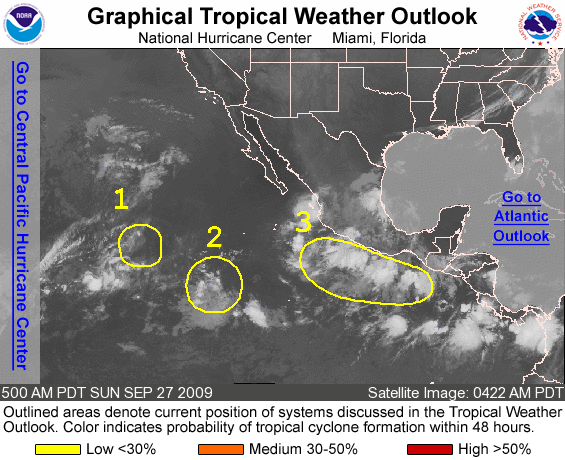
FOR THE EASTERN NORTH PACIFIC...EAST OF 140 DEGREES WEST LONGITUDE..

1. THE REMNANTS OF TROPICAL DEPRESSION NORA ARE LOCATED ABOUT 1250 MILES WEST-SOUTHWEST OF THE SOUTHERN TIP OF BAJA CALIFORNIA. UPPER-LEVEL WINDS ARE NOT CONDUCIVE FOR REGENERATION. THERE IS A LOW CHANCE...LESS THAN 30 PERCENT...OF THIS SYSTEM BECOMING A TROPICAL CYCLONE DURING THE NEXT 48 HOURS.

2. A BROAD AREA OF LOW PRESSURE LOCATED ABOUT 875 MILES SOUTH-SOUTHWEST OF THE SOUTHERN TIP OF BAJA CALIFORNIA IS PRODUCING MINIMAL SHOWER AND THUNDERSTORM ACTIVITY AT THIS TIME. HOWEVER...SOME SLOW DEVELOPMENT OF THIS SYSTEM IS POSSIBLE OVER THE NEXT COUPLE OF DAYS AS IT MOVES TOWARD THE WEST-NORTHWEST AT AROUND 10 MPH. THERE IS A LOW CHANCE...LESS THAN 30 PERCENT...OF THIS SYSTEM BECOMING A TROPICAL CYCLONE DURING THE NEXT 48 HOURS.

3. A LARGE AREA OF DISTURBED WEATHER EXTENDS FROM THE GULF OF TEHUANTEPEC WESTWARD FOR SEVERAL HUNDRED MILES. THIS SYSTEM REMAINS DISORGANIZED AND DEVELOPMENT...IF ANY...SHOULD BE SLOW TO OCCUR. THERE IS A LOW CHANCE...LESS THAN 30 PERCENT...OF THIS SYSTEM BECOMING A TROPICAL CYCLONE DURING THE NEXT 48 HOURS.

ELSEWHERE...TROPICAL CYCLONE FORMATION IS NOT EXPECTED DURING THE NEXT 48 HOURS.

FORECASTER CANGIALOSI/PASCH